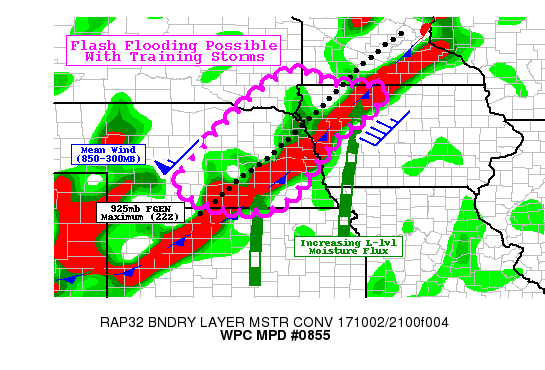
AREAS AFFECTED...NW IOWA...SE SOUTH DAKOTA...CTRL AND ERN NEBRASKA

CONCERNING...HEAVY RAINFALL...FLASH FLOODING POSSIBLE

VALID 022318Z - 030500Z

SUMMARY...TRAINING THUNDERSTORMS SHOULD DEVELOP THIS EVENING ALONG
AND NORTHWEST OF A QUASI-STATIONARY FRONT...AND MAY LEAD TO AREAS
OF FLASH FLOODING WITH RAIN RATES UP TO 2 IN/HR.

DISCUSSION...IR SATELLITE IMAGERY AT 23Z SHOWED NEW UPDRAFT GROWTH
TO THE NORTHWEST OF A QUASI-STATIONARY SURFACE FRONT OVER PORTIONS
OF SOUTH-CENTRAL AND EASTERN NEBRASKA. THESE NEW UPDRAFTS WERE
FORMING IN A CORRIDOR THAT EXTENDED SOUTHWEST FROM ONGOING
CONVECTION IN MINNESOTA...AND ROUGHLY ALIGNED WITH A MAXIMUM IN
FRONTOGENESIS IN THE 925MB LAYER. HI-RES MODELS HAVE BEEN FAIRLY
CONSISTENT IN DEVELOPING A PROMINENT BAND OF CONVECTION THIS
EVENING ALONG THE 925MB FGEN MAX...BUT RECENT HAVE BEEN GRADUALLY
SHIFTING THE LOCATION OF THE LOW-LEVEL FORCING FURTHER SOUTHEAST.
SOME OF THE NEW CELL GROWTH NOTED ON IR SATELLITE HAS BEEN ON THE
SOUTHEASTERN PERIPHERY OF MEASURABLE RAINFALL IN THE HREF ENSEMBLE
BLENDED TOTALS. THEREFORE...THE OUTLINED DISCUSSION AREA HAS BEEN
DRAWN TO EXTEND SOUTHEAST OF THE PRIMARY ACCUMULATIONS ON MOST OF
THE HI-RES MODELS TO ACCOUNT FOR POSITIONAL UNCERTAINTY IN WHERE
THE CONVECTIVE BAND WILL SET UP.

OVERALL THE INGREDIENTS ACROSS THE REGION ARE FAVORABLE FOR
TRAINING CONVECTION...FOCUSED BANDS OF HEAVY RAINFALL...AND
POSSIBLY FLASH FLOODING IF THEY CAN PERSIST LONG ENOUGH. THE
LOW-LEVEL FORCING (AS APPROXIMATED BY FGEN AND MOISTURE
CONVERGENCE) IS PROJECTED TO INCREASE SUBSTANTIALLY IN THE 00-03Z
TIMEFRAME BY MOST MODELS...COINCIDING WITH THE NOCTURNAL INCREASE
IN THE LLJ AND A STRONGER SHORTWAVE ALOFT IN COLORADO EJECTING
INTO THE PLAINS. IN RESPONSE TO THE EJECTING WAVE...THE LOW-LEVEL
FRONTS MAY SHIFT BACK A BIT TOWARD THE NORTHWEST THIS
EVENING...ALTHOUGH THIS MAY COMPETE WITH RAIN-COOLED AIR FROM
ONGOING CONVECTION TENDING TO ANCHOR THE SURFACE FRONT IN PLACE.

THE BOTTOM LINE IS THAT WE ARE LIKELY TO SEE A WELL-DEVELOPED
CONVECTIVE BAND BY LATE THIS EVENING...ROUGHLY ALIGNED WITH THE
MEAN FLOW VECTORS...AND THUS CAPABLE OF PRODUCING FLASH FLOODING.
HI-RES MODELS SHOW AREAS OF UP TO 2 IN/HR RAIN RATES AND THIS
SEEMS REASONABLE GIVEN THE POTENTIAL FOR TRAINING...STRONG
MOISTURE FLUX...AND PRECIPITABLE WATER VALUES ABOVE 1.5 INCHES.